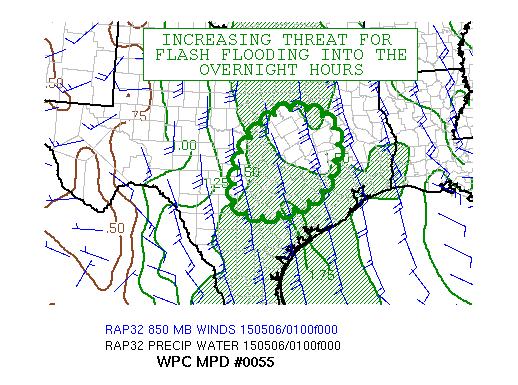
AREAS AFFECTED...CENTRAL TX

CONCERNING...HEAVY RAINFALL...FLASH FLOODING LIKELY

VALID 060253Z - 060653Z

...SUMMARY...

THERE IS AN INCREASING THREAT FOR FLASH FLOODING TO DEVELOP AND
INCREASE IN AREAL COVERAGE INTO THE OVERNIGHT HOURS.

...DISCUSSION...

CONCERN IS THAT HEAVY RAIN-PRODUCING CONVECTION WILL BECOME BETTER
ORGANIZED THROUGH THE LATE EVENING HOURS AND EARLY MORNING HOURS
AS 850 MB FLOW INCREASES TO BETWEEN 30 AND 35 KTS AT THE SAME TIME
A MID LEVEL TROF APPROACHES FROM THE WEST. INSTABILITY ON THE
ORDER OF 1500 TO 2000 J PER KG IS POISED UPSTREAM AND SHOULD BE
DRAWN INTO CENTRAL TX AT ABOUT THE SAME TIME THAT 700 MB OMEGA IS
MAXIMIZED.  THE 00Z SOUNDING FROM CPR ALREADY INDICATED A DEEP
SATURATED LAYER IN PLACE TO THE REGION.  THE TREND OF THE LAST 3
HRRR RUNS HAS BEEN TO FOCUS A QPF MAXIMUM BETWEEN 03Z AND 0730Z
ALONG A LINE FROM EAST OF TPL TO WEST OF PSN.

THE AREAL COVERAGE OF THE MPD WAS PULLED SOUTH OF THAT LINE TO
COVER THE POSSIBILITY OF ADDITIONAL HEAVY-RAIN PRODUCING
CONVECTION FORMING IN THE MOISTURE RICH INFLOW REGION.

ADDITIONAL RAINFALL AMOUNTS OF 2 TO LOCALLY 4 INCHES ARE POSSIBLE.